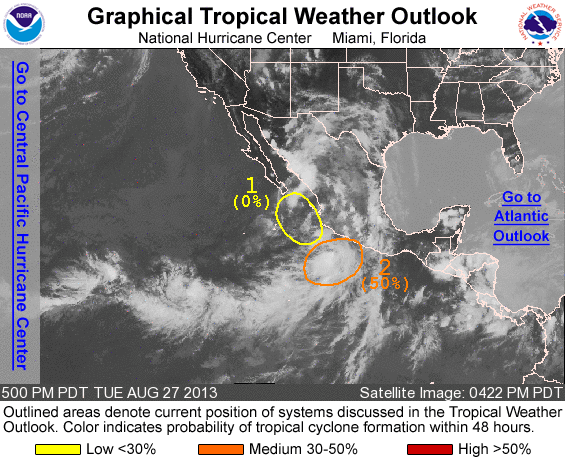
FOR THE EASTERN NORTH PACIFIC...EAST OF 140 DEGREES WEST LONGITUDE..

1. SHOWER ACTIVITY ASSOCIATED WITH THE LARGE AREA OF DISTURBED WEATHER PREVIOUSLY NEAR THE SOUTHWESTERN COAST OF MEXICO HAS DIMINISHED... AND DEVELOPMENT IS NO LONGER EXPECTED. THIS SYSTEM HAS A LOW CHANCE...NEAR 0 PERCENT...OF BECOMING A TROPICAL CYCLONE DURING THE NEXT 48 HOURS...AND IT HAS A LOW CHANCE...NEAR 0 PERCENT...OF BECOMING A TROPICAL CYCLONE DURING THE NEXT 5 DAYS.

2. SHOWER ACTIVITY ASSOCIATED WITH AN AREA OF LOW PRESSURE A COUPLE OF HUNDRED MILES SOUTH-SOUTHEAST OF MANZANILLO MEXICO HAS BECOME BETTER ORGANIZED...AND SATELLITE WIND DATA INDICATES GALE-FORCE WINDS ARE OCCURRING NEAR THE CENTER. HOWEVER...THE SYSTEM CURRENTLY DOES NOT HAVE A WELL-DEFINED CIRCULATION. ENVIRONMENTAL CONDITIONS ARE MARGINALLY CONDUCIVE FOR ADDITIONAL DEVELOPMENT DURING THE NEXT DAY OR SO WHILE IT MOVES GENERALLY NORTHWESTWARD TOWARD THE SOUTHWEST COAST OF MEXICO. THIS DISTURBANCE HAS A MEDIUM CHANCE...50 PERCENT...OF BECOMING A TROPICAL CYCLONE DURING THE NEXT 48 HOURS. DEVELOPMENT IS NOT LIKELY AFTER THAT TIME...AND THIS SYSTEM HAS A MEDIUM CHANCE...50 PERCENT OF BECOMING A TROPICAL CYCLONE DURING THE NEXT 5 DAYS. THIS DISTURBANCE COULD PRODUCE LOCALLY HEAVY RAINFALL ALONG THE SOUTHWESTERN COAST OF MEXICO TONIGHT AND WEDNESDAY.

ADDITIONAL INFORMATION ON THIS SYSTEM CAN BE FOUND IN HIGH SEAS FORECASTS ISSUED BY THE NATIONAL WEATHER SERVICE UNDER AWIPS HEADER NFDHSFEPI AND WMO HEADER FZPN01 KWBC.

FIVE-DAY FORMATION PROBABILITIES ARE EXPERIMENTAL IN 2013. COMMENTS ON THE EXPERIMENTAL FORECASTS CAN BE PROVIDED AT...

HTTP://WWW.NWS.NOAA.GOV/SURVEY/NWS-SURVEY.PHP?CODE=ETWO

FORECASTER BEVEN